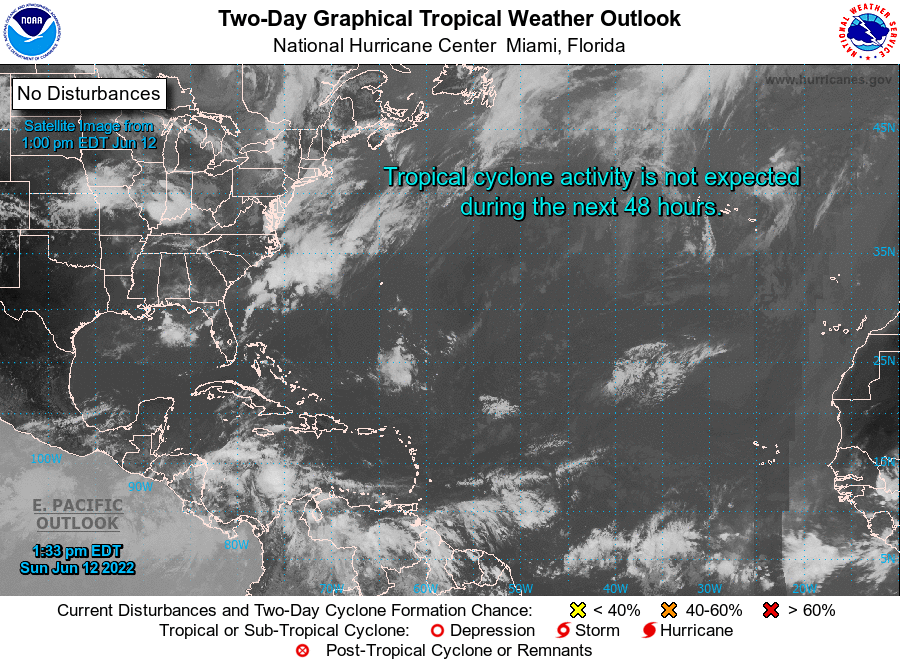
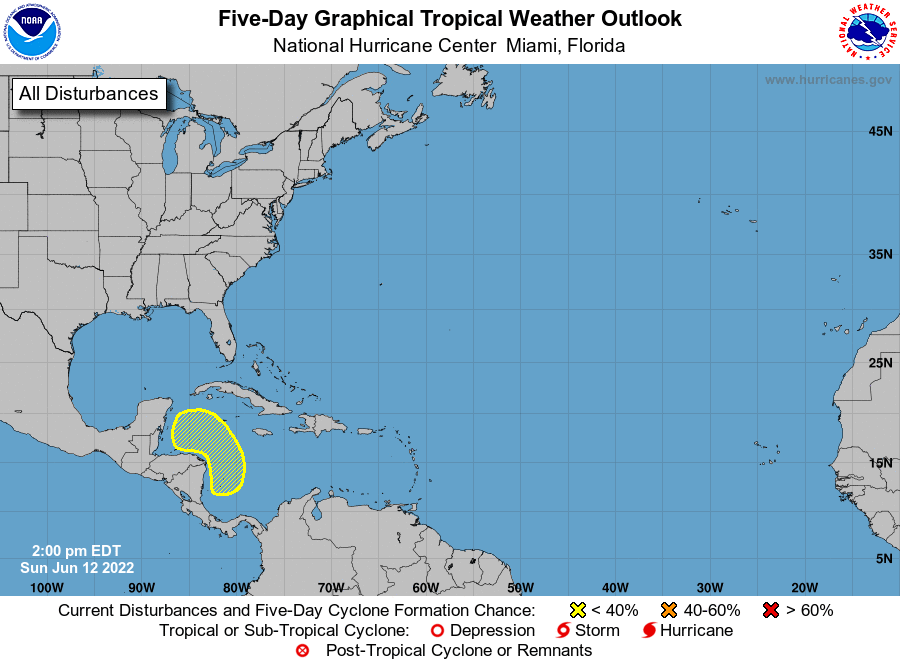
For the North Atlantic...Caribbean Sea and the Gulf of Mexico:

1. Southwestern Caribbean Sea: An area of low pressure is expected to develop by the middle part of this week over the southwestern Caribbean Sea. Some slow development of this system is possible while it drifts generally northwestward off the coasts of Nicaragua and Honduras.
* Formation chance through 48 hours...near 0 percent.
* Formation chance through 5 days...20 percent.

Forecaster Roberts